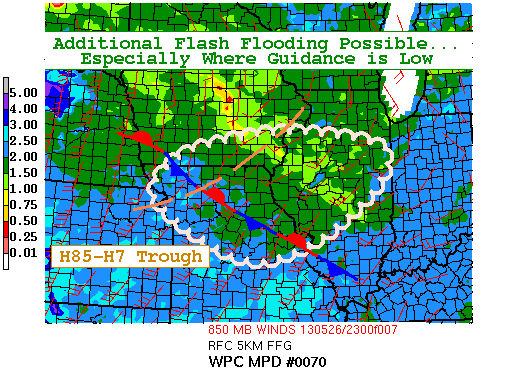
AREAS AFFECTED...NORTHERN MO...WESTERN AND CENTRAL IL...FAR
SOUTHERN IA

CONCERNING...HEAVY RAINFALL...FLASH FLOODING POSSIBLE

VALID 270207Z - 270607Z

SUMMARY...MOISTURE FLUX THAT IS FOCUSED BY A SOUTHEASTWARD MOVING
TROUGH WILL SUPPORT CONTINUATION OF ORGANIZED HEAVY RAIN AND THE
POSSIBILITY OF NEW FLASH FLOODING.

DISCUSSION...REPEATED WAVES OF THUNDERSTORMS HAD OCCURRED IN THE
ELEVATED FRONTAL ZONE ACROSS IA/IL...SUPPORTED ON A LARGER SCALE
BY A SOUTHEASTWARD MOVING LOW/MID LEVEL TROUGH AND A NORTHEASTWARD
MOVING HIGHER-LEVEL VORT MAX NOTED BY NESDIS/SAB. THE SMALL SCALE
MESOSCALE CONVECTIVE SYSTEMS NORTH OF THE TROUGH AXIS HAD BEGUN TO
BOW OUT WITH THE LOSS OF VEERED LOW LEVEL WIND PROFILES. THIS
PROGRESSION...HOWEVER...MAY NOT PREVENT FLASH FLOODING OVER
WESTERN AND CENTRAL ILLINOIS WHERE FLASH FLOOD GUIDANCE WAS ONLY
1-1.5 INCHES IN AN HOUR. 00Z ILX SOUNDING WAS MODERATELY UNSTABLE
FOR ELEVATED PARCELS...WITH PW VALUE OF 1.45 INCHES AND RAP
FORECASTS BRINGING PW UP TO 1.5-1.75 INCHES INTO WESTERN/CENTRAL
IL OVERNIGHT.

ANOTHER AREA OF GREATER RAINFALL POTENTIAL WILL BE NORTHWEST AND
CENTRAL MISSOURI...WHERE THE TAIL END MCS THAT WAS ON THE IA/MO
BORDER AT 02Z WILL SEE UNINHIBITED SOUTHWESTERLY INFLOW. THIS
WOULD PROMOTE CELL REDEVELOPMENT AND TRAINING ON THE STORM
SCALE...WHILE FORWARD MOVING CORFIDI VECTORS BRING A MATURE MCS
SSE AT ONLY 10 KNOTS. MEANWHILE THE MCS THAT EARLIER PRODUCED
FLOODING IN CENTRAL MISSOURI HAD BECOME PROGRESSIVE...BUT TRAINING
ALONG THE WESTERN FLANK MAY OCCUR...ESPECIALLY IF THE COLD POOL
ESTABLISHED HERE IS OVERTAKEN BY THE CONVECTION FARTHER NORTH.
GENERALLY PREDICTING THAT POCKETS OF 3-4 INCH RAINFALL ARE
POSSIBLE...WHICH WILL APPROACH GUIDANCE VALUES IN NORTHWEST MO AND
EXCEED THEM IF HEAVY RAIN REDEVELOPS TOWARD CENTRAL MO.